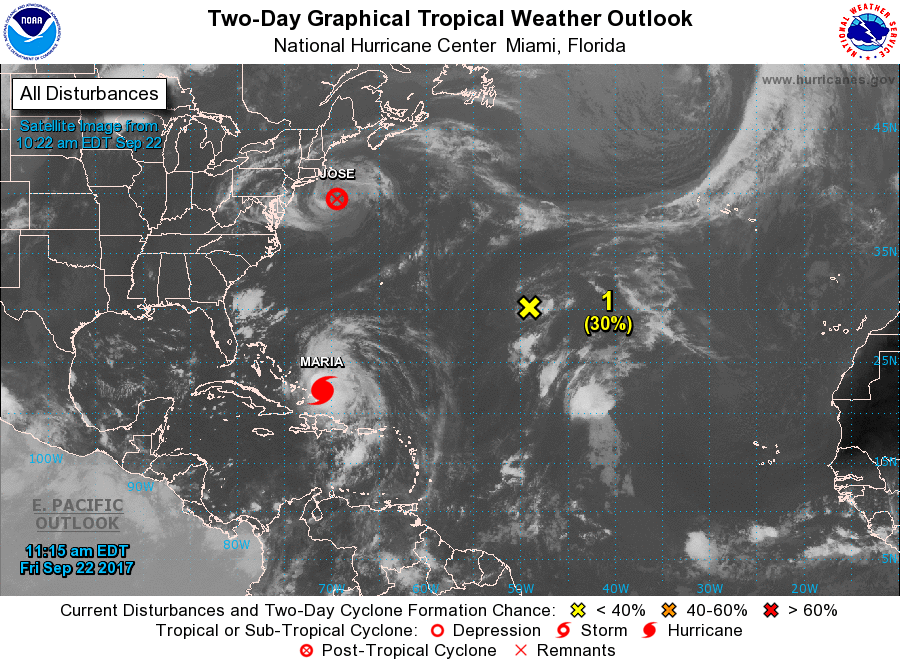
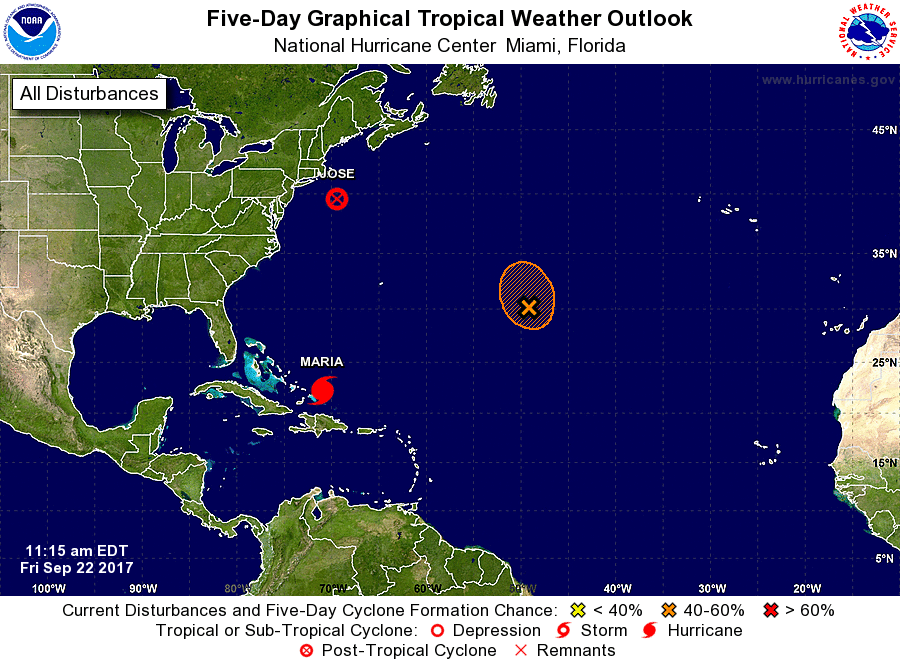
For the North Atlantic...Caribbean Sea and the Gulf of Mexico:

Special Tropical Weather Outlook to add discussion of a new system over the central Atlantic.

The National Hurricane Center is issuing advisories on Post-Tropical Cyclone Jose, located a little over a hundred miles south-southeast of Nantucket, Massachusetts, and on Hurricane Maria, located just to the north of Grand Turk Island.

1. Updated: A small area of low pressure has developed over the central Atlantic Ocean almost a thousand miles east-southeast of Bermuda. The low is producing a concentrated area of showers and thunderstorms, although the circulation appears somewhat elongated. Some additional development of this system is possible during the next few days while it moves slowly northward through early next week.
* Formation chance through 48 hours...low...30 percent.
* Formation chance through 5 days...medium...40 percent.

Forecaster Berg/Blake